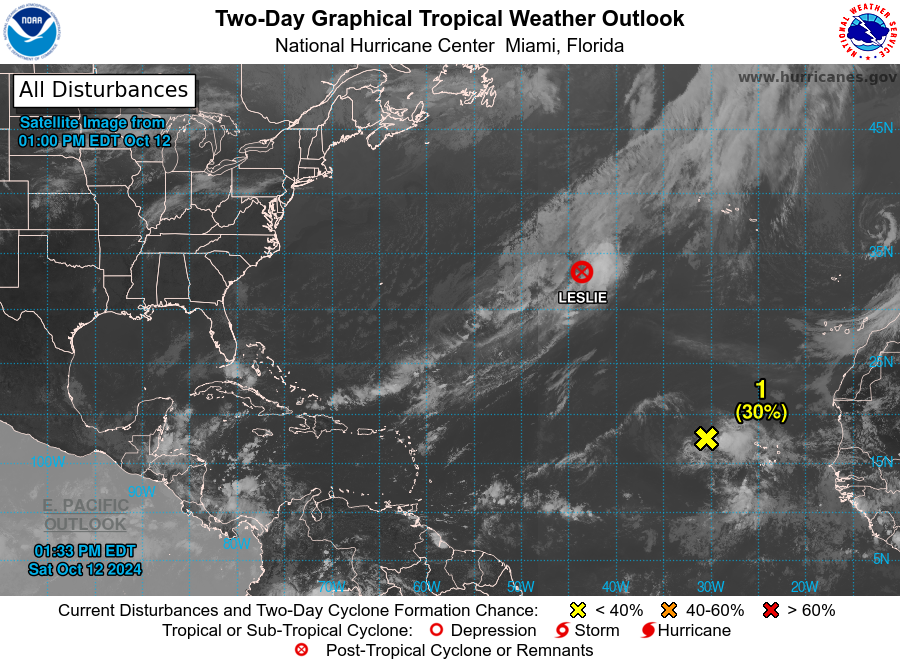
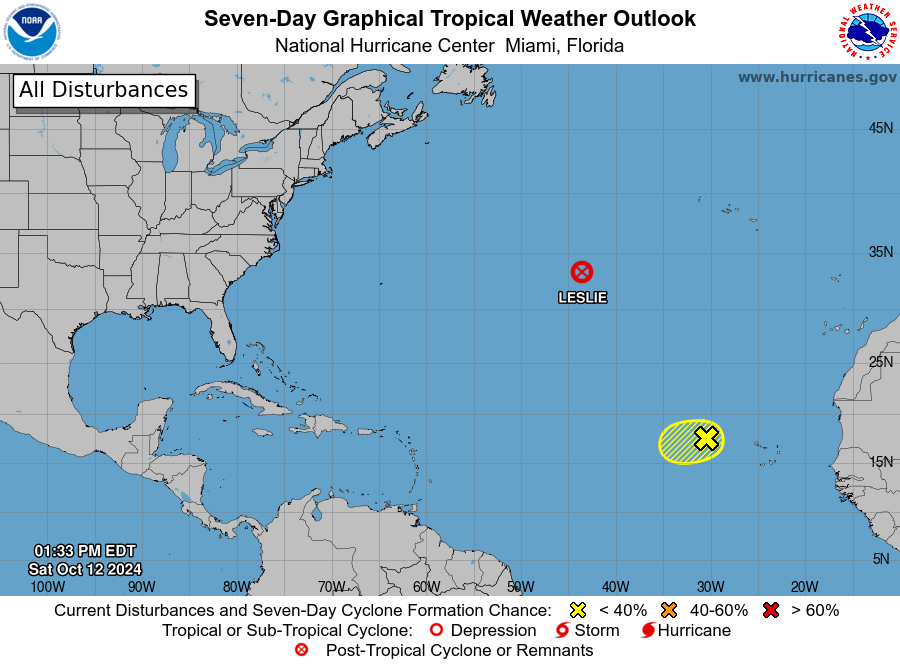
For the North Atlantic...Caribbean Sea and the Gulf of Mexico:

Active Systems: The National Hurricane Center has issued the last advisory on the remnants of Leslie, located over the central Atlantic Ocean.

1. Eastern Tropical Atlantic (AL94): Showers and thunderstorms associated with an area of low pressure located a few hundred miles west of the Cabo Verde Islands have not gotten any better organized since yesterday. The low is moving into an environment that is less conducive for development, and therefore the chance of tropical cyclone formation appears to be decreasing. This system is forecast to move westward or west-southwestward across the eastern and central tropical Atlantic through much of next week.
* Formation chance through 48 hours...low...30 percent.
* Formation chance through 7 days...low...30 percent.

Forecaster Berg